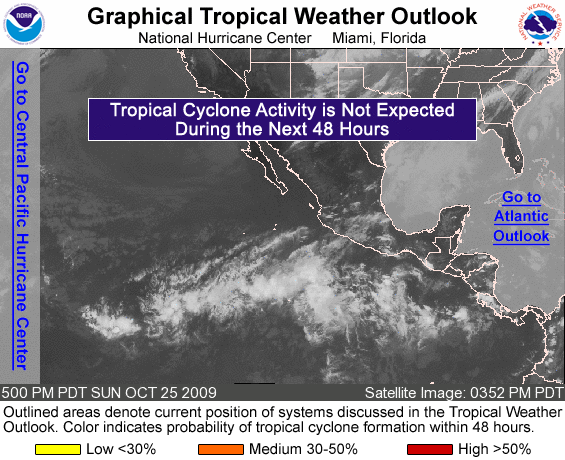
FOR THE EASTERN NORTH PACIFIC...EAST OF 140 DEGREES WEST LONGITUDE..

TROPICAL CYCLONE FORMATION IS NOT EXPECTED DURING THE NEXT 48 HOURS.

FORECASTER BRENNAN